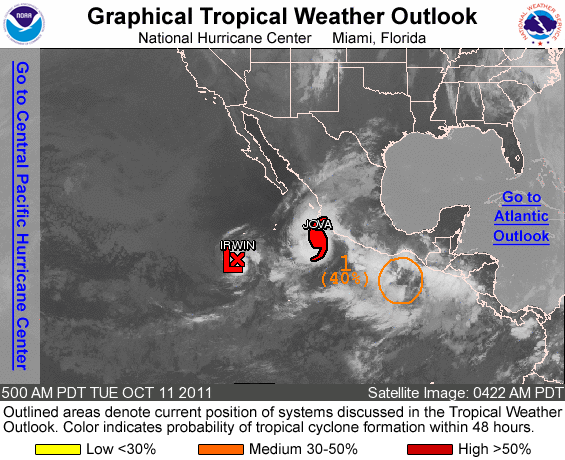
FOR THE EASTERN NORTH PACIFIC...EAST OF 140 DEGREES WEST LONGITUDE..

THE NATIONAL HURRICANE CENTER IS ISSUING ADVISORIES ON HURRICANE JOVA...LOCATED ABOUT 130 MILES SOUTHWEST OF MANZANILLO MEXICO...AND ON TROPICAL DEPRESSION IRWIN...LOCATED ABOUT 645 MILES SOUTHWEST OF THE SOUTHERN TIP OF BAJA CALIFORNIA.

1. SHOWER AND THUNDERSTORM ACTIVITY ASSOCIATED WITH A LOW PRESSURE SYSTEM LOCATED ABOUT 225 MILES SOUTH-SOUTHEAST OF SALINA CRUZ MEXICO REMAINS POORLY ORGANIZED. UPPER-LEVEL WINDS ARE NOT FORECAST TO BE FAVORABLE FOR DEVELOPMENT BEFORE THE LOW MOVES ONSHORE ON THURSDAY....AND THIS SYSTEM HAS A MEDIUM CHANCE...40 PERCENT...OF BECOMING A TROPICAL CYCLONE DURING THE NEXT 48 HOURS. REGARDLESS OF DEVELOPMENT...HEAVY RAINS ASSOCIATED WITH THIS DISTURBANCE ARE EXPECTED OVER PORTIONS OF SOUTHEASTERN MEXICO AND GUATEMALA DURING THE NEXT SEVERAL DAYS WHICH MAY CAUSE LIFE-THREATENING FLASH FLOODS AND MUD SLIDES.

ELSEWHERE...TROPICAL CYCLONE FORMATION IS NOT EXPECTED DURING THE NEXT 48 HOURS.

FORECASTER KIMBERLAIN